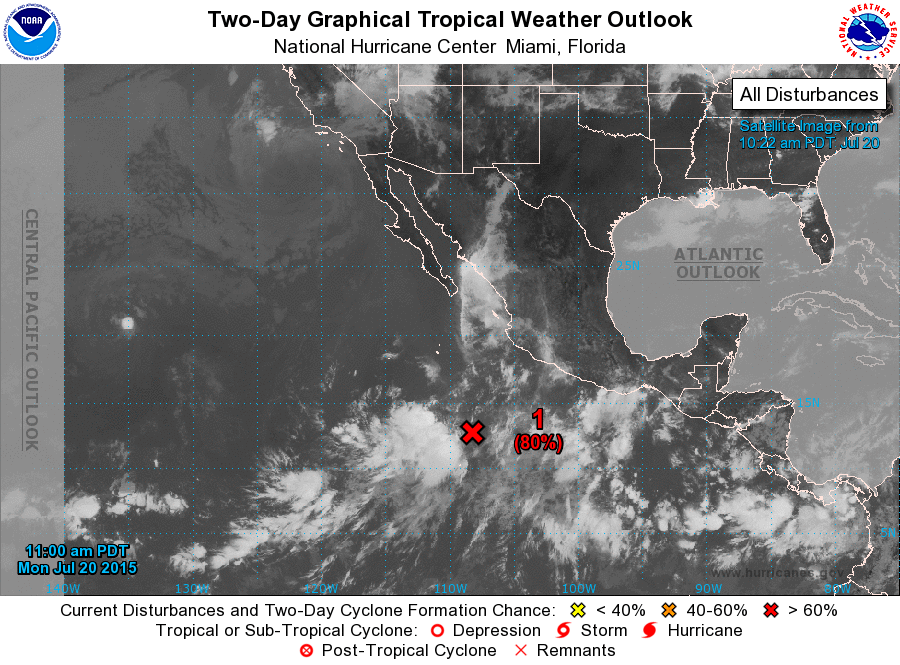
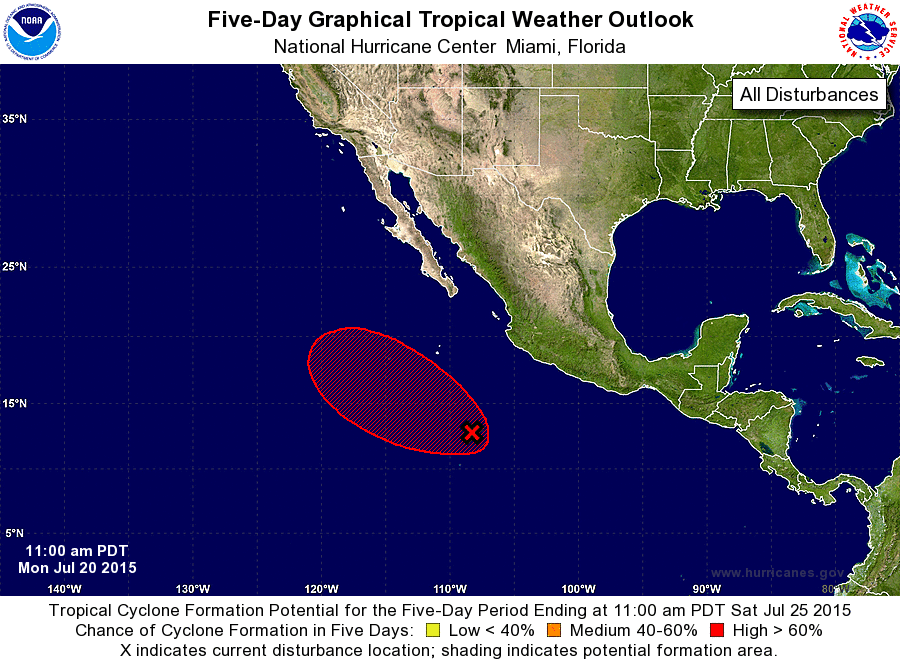
For the eastern North Pacific...east of 140 degrees west longitude:

1. Shower and thunderstorm activity associated with a broad area of low pressure located about 700 miles south of the southern tip of the Baja California peninsula have become less organized since yesterday. Strong upper-level winds that have prevented development during the past 24 hours are forecast to decrease and become more conducive for tropical cyclone formation during the next day or two. This system is still expected to become a tropical depression by mid-week while it moves west-northwestward to northwestward at 10 mph.
* Formation chance through 48 hours...high...80 percent
* Formation chance through 5 days...high...90 percent

Forecaster Brown